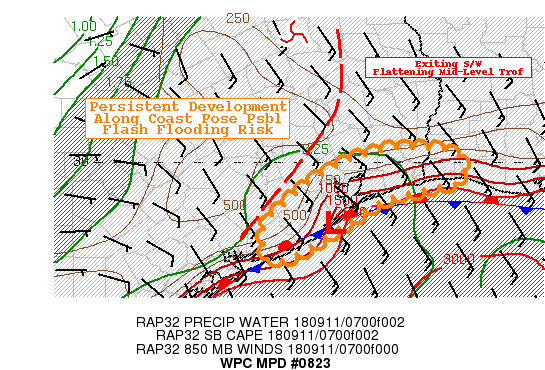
Areas affected...Upper TX Coast...Ext Southwest LA...

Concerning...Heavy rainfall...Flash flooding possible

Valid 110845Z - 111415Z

SUMMARY...Persisent redeveloping showers/thunderstorms with
efficient rainfall generation pose possible flash flooding through
early morning.

DISCUSSION...08z Surface analysis depicts an inverted trof/surface
wave between LBX and GLS along the surface front that remains
along the shore line from Aransas to this wave before angling
about 20 miles south of the LA coast line.  Strengthening western
Gulf surface and 850mb wind flow regime supports continued surface
based development with solid isentropic ascent above the boundary
layer to further enhance moisture flux and rainfall
rates/efficiency.  Aloft, the elongated shortwave/entrance to main
jet streak continues to exit over NE TX...this will keep deeper
trof axis generally stationary and favorably oriented to the
coast, while also supporting diffluence in weak upper level
outflow environment.  Though greatest upper level support will
continue to diminish with time.

In the short-term, thunderstorm expansion continues with training
cells along the effective warm front (east of the wave) into
Jefferson county and potentially will continue for a few more
hours.  With ample deep moisture with Tds in the upper 70s and
mean mixing rations near 17 kg/kg, total PWATs of 2.25" will
continue to support rates of 2-2.5"/hr.  The only drawback to
significant rainfall totals is slow southward/propagation into the
increasing low level flow.  This will push initiation points off
shore and tilt updrafts, the resulting isentropic ascent will
still be strong but without greater depth the rainfall
rates/totals should reduce with time as well.  Still, the
potential for an additional 2-4" totals may lead to some flash
flooding or fast rise inundation flooding through 14z.